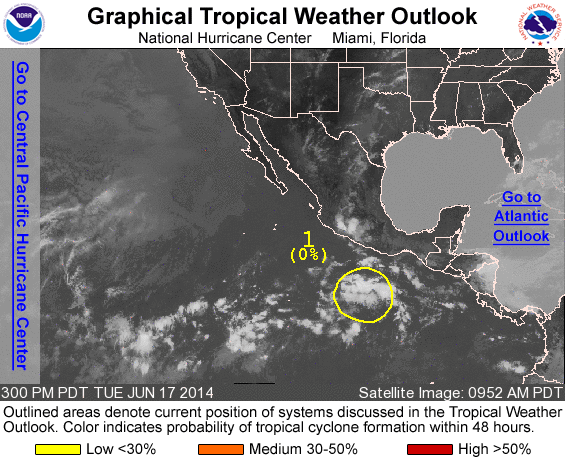
For the eastern North Pacific...east of 140 degrees west longitude:

1. Disorganized showers and thunderstorms associated with a tropical wave are located several hundred miles south of Acapulco, Mexico. Although development is not anticipated during the next couple of days, gradual development of this system is possible later this week or this weekend while it moves west-northwestward at 5 to 10 mph.
* Formation chance through 48 hours...low...near 0 percent.
* Formation chance through 5 days...medium...30 percent.

Forecaster Cangialosi